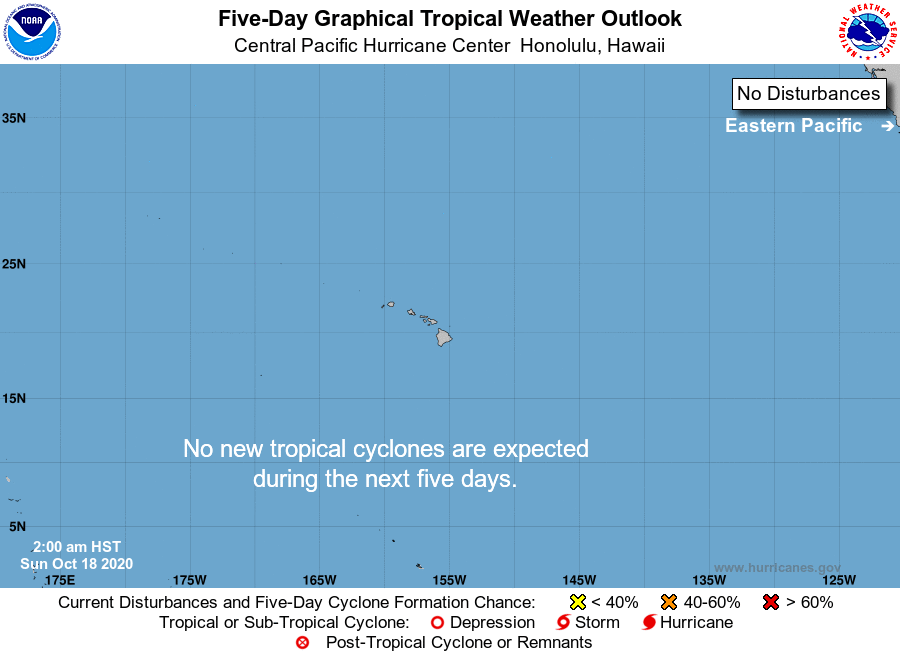
For the central North Pacific...between 140W and 180W:

No tropical cyclones are expected during the next 5 days.

Forecaster Lau